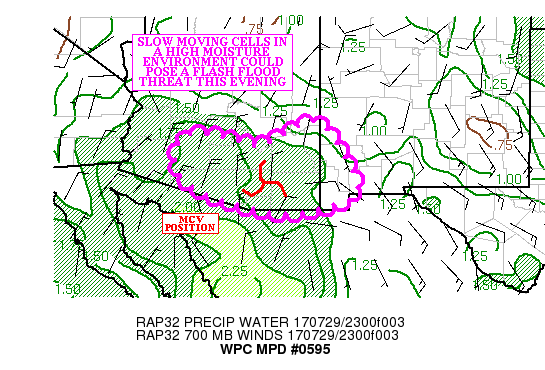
AREAS AFFECTED...SOUTHWEST NM...SOUTHERN AZ

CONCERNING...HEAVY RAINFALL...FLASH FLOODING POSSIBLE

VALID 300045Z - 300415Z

SUMMARY...SLOW MOVING CELLS IN THE MONSOONAL FLOW WILL POSE A
CONTINUED FLASH FLOOD THREAT THROUGH THE EVENING HOURS.

DISCUSSION...THE EXPERIMENTAL GOES-16 CLEAN IR LOOP SHOWED COOLING
TOPS WITH CONVECTION OVER FAR SOUTHWEST NM INTO SOUTHERN AZ. THE
COVERAGE OF CELLS HAS DIMINISHED TO A DEGREE IN THE PAST TWO
HOURS...DUE PRIMARILY TO THE EXHAUSTION OF AVAILABILITY
INSTABILITY...AS THE MOST RECENT RAP ANALYSIS SHOWED A GROWING
AREA OF CIN ACROSS SOUTHWEST NM AND SOUTHEAST AZ

DESPITE THE SCATTERED NATURE OF THE CONVECTION...SLOW MOVING CELLS
(DUE TO 850-300 MB MEAN WINDS GENERALLY LESS THAN 10 KNOTS) IN THE
DEEP MONSOONAL MOISTURE (WITH THE AXIS OF THE 1.50/1.75 INCH
PRECIPITABLE WATER AIR POINTED TOWARD SOUTHWEST AZ) WERE STILL
PRODUCING HOURLY RAINFALL RATES NEAR 1.50 INCHES...WHICH WAS
RESULTING IN FLASH FLOODING IS PORTIONS OF FAR WESTERN NM.

THE MAIN FLASH FLOOD THREAT SHIFTS TOWARD SOUTHEAST AND SOUTH
CENTRAL AZ DURING THE NEXT 4 HOURS...AS LIFT ASSOCIATED WITH THE
OLD MCV OVER SOUTH CENTRAL AZ PROVIDES A FOCUS FOR LIFT. BASED ON
WHAT HAS OCCURRED THIS AFTERNOON IN THE AIRMASS...HOURLY RAINFALL
RATES NEAR 1.50 INCHES COULD RESULT IN LOCAL 2.00 TO 3.00 INCH
RAINFALL AMOUNTS...ESPECIALLY OVER SOUTH CENTRAL AZ.
THESE AMOUNTS ARE SIMILAR TO THOSE DEPICTED BY THE MOST RECENT
HRRR.

AS THE INSTABILITY IS EXHAUSTED FURTHER... THE EXTENT OF THE
SCATTERED CONVECTION SHOULD CONTINUING SHRINKING...AND THE FLASH
FLOOD THREAT SHOULD WANE AROUND 04Z.